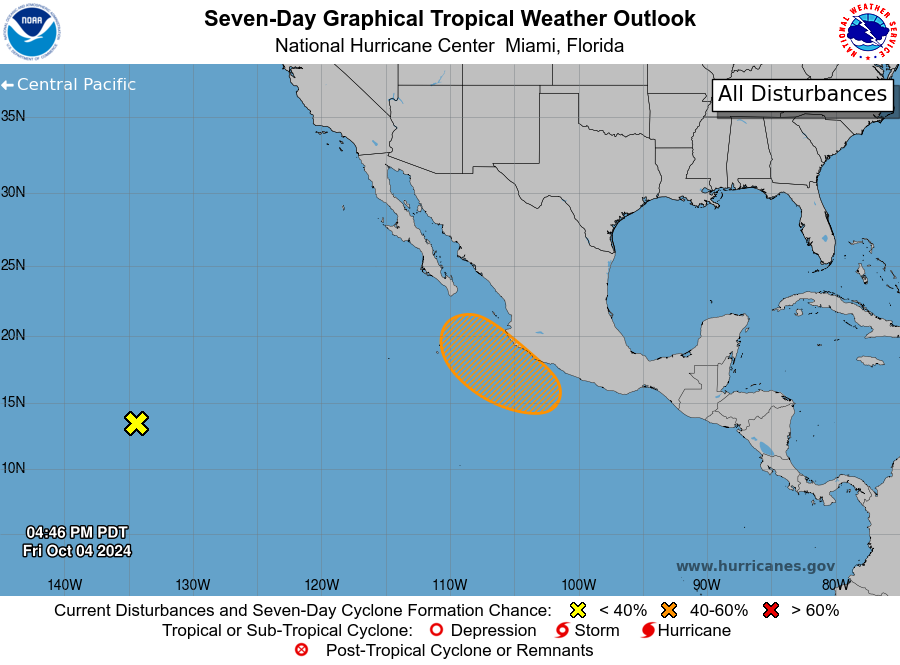
For the eastern North Pacific...east of 140 degrees west longitude:

1. Western Portion of the East Pacific (EP98): A low pressure system located well to the west-southwest of the southern tip of the Baja California peninsula is producing limited and disorganized shower and thunderstorm activity. Atmospheric conditions are becoming less conducive and further development is not expected as the low moves slowly northward and northeastward over the weekend.
* Formation chance through 48 hours...low...near 0 percent.
* Formation chance through 7 days...low...near 0 percent.

2. Offshore of Southwestern Mexico: An area of low pressure could form off the coast of southwestern Mexico during the weekend or early part of next week. Environmental conditions appear conducive for additional development of this system, and a tropical depression could form during the middle part of next week while the system drifts slowly northwestward.
* Formation chance through 48 hours...low...near 0 percent.
* Formation chance through 7 days...medium...40 percent.

Forecaster Bucci